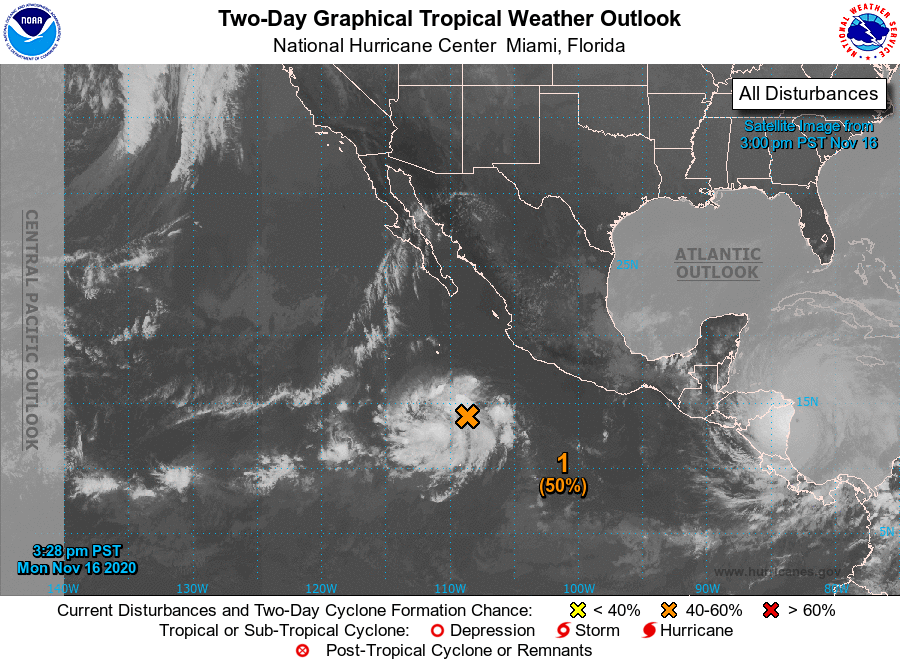
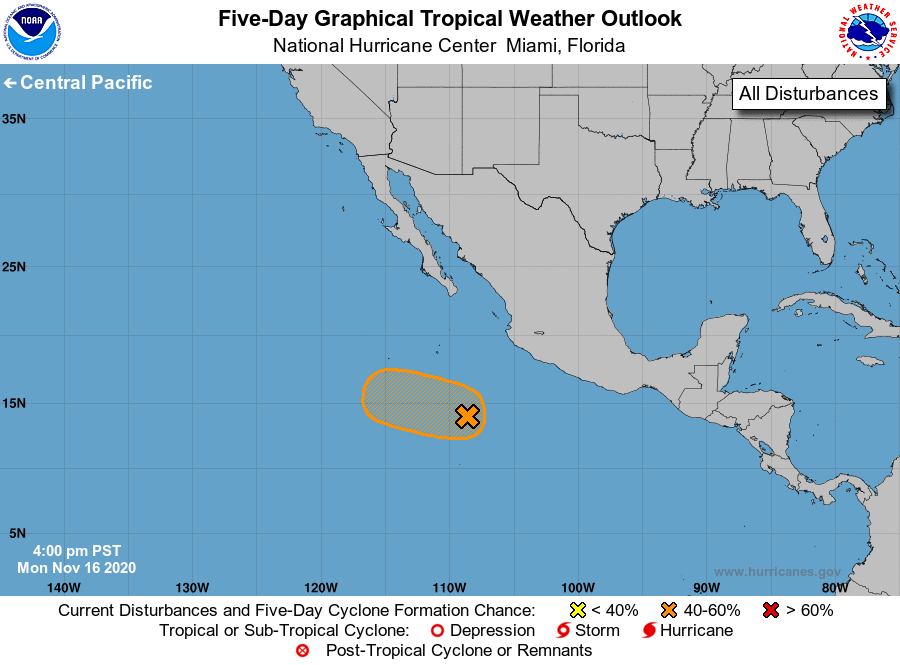
For the eastern North Pacific...east of 140 degrees west longitude:

1. Showers and thunderstorms continue to become better organized in association with a broad area of low pressure located several hundred miles southwest of the coast of southern Mexico. Although environmental conditions are only somewhat conducive for development, a short-lived tropical depression could still form within the next couple of days as the low moves west-northwestward or northwestward at about 10 mph, away from the coast of Mexico. By midweek, conditions are forecast to become increasingly unfavorable for further development.
* Formation chance through 48 hours...medium...50 percent.
* Formation chance through 5 days...medium...50 percent.

Forecaster Reinhart/Roberts